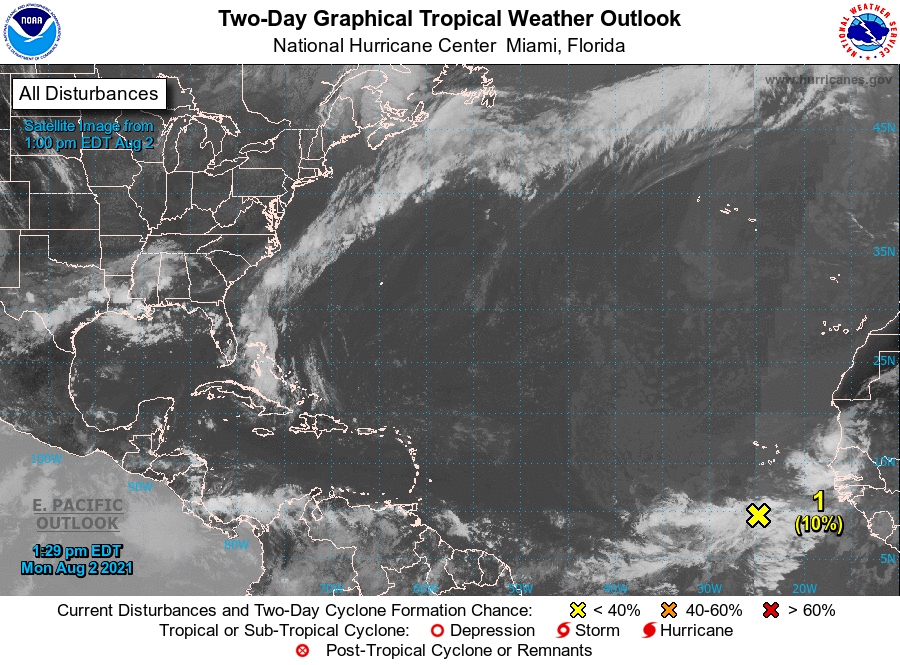
For the North Atlantic...Caribbean Sea and the Gulf of Mexico:

1. A surface trough of low pressure over the far eastern Atlantic Ocean centered a few hundred miles south of the Cabo Verde Islands is producing disorganized showers and thunderstorms. Some development of this system is possible during the next couple of days while it moves northward or northwestward before the system moves over cool waters by Thursday.
* Formation chance through 48 hours...low...10 percent.
* Formation chance through 5 days...low...20 percent.

Forecaster Blake